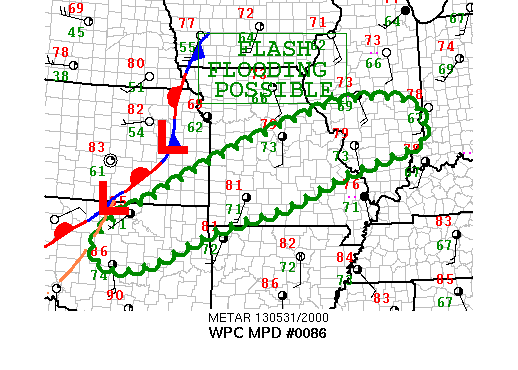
AREAS AFFECTED......SOUTHEAST KS AND NORTHEAST OK TO SOUTHERN MO
AND SOUTHERN IL...

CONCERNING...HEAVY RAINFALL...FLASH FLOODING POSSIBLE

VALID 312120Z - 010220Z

SUMMARY...TRAINING STORMS WITH A RISK OF FLASH FLOODING WILL OCCUR
IN SOUTHEAST KS AND CENTRAL MO AND EXPAND WITH TIME INTO SOUTHERN
IL AND FURTHER SOUTH INTO OK.

DISCUSSION...THUNDERSTORMS HAVE DEVELOPED IN CENTRAL MO TO
SOUTHEAST KS AS THE WEAKER CAP HAS BEEN BROKEN.  THE STRONGER CAP
IN THE 18Z NORMAN OK SOUNDING WILL MAKE IT TAKE LONGER FOR
ACTIVITY TO DEVELOP IN CENTRAL OK.

WINDS FIELDS ARE SUPPORTIVE OF FORWARD MOTION AS NEAR SFC
SOUTHERLY WINDS VEER TO SOUTHWEST AT 850 MB WITH DEEP LAYER
SOUTHWEST FLOW SUGGESTING PREDOMINANT SOUTHWEST TO NORTHEAST
MOTION.
ADDITIONAL DEVELOPMENT IS EXPECTED ALONG OUTFLOW BOUNDARIES
TOWARDS THE MOIST SOUTHERLY INFLOW AS SURFACE LOWER 70S DEWPOINTS
AND PRECIPITABLE WATER VALUES NEAR 1.5 INCHES AID STORM
DEVELOPMENT...IN ADDITION TO 700-500 MB LAPSE RATES NEAR 8 DEG
C/KM AND HIGH CAPES OF 3-5000 J/KG.

THE MODELS FORECAST COOLING OF 700 MB TEMPS THIS EVENING TO AID
BREAKING THE CENTRAL OK CAP.  THE ECMWF ALSO SHOWS A 300 MB JET
MAXIMA AND ASSOCIATED DIVERGENCE MAXIMA MOVING FROM WESTERN TO
CENTRAL OK 00-06Z THIS EVENING TO ASSIST IN PRODUCING ASCENT.
ALSO...THE ECMWF SHOWS A SEPARATE 700 MB SHORTWAVE ROTATING
TOWARDS THE BASE OF THE TROUGH LATER THIS EVENING...AIDING
DEVELOPMENT OF NEW  ACTIVITY OVER CENTRAL OK AND SPREADING
DOWNSTREAM FROM THERE.

THE ACTIVITY OVER THE NEXT SEVERAL HOURS ARE IN BETWEEN MINIMA IN
THE FLASH FLOOD GUIDANCE VALUES FURTHER NORTH IN MO AND FURTHER
SOUTH IN AR...WHERE ACTIVITY SHOULD OCCUR LATER TONIGHT OR EARLY
SAT. 1-2 INCHES OF RAIN PER HOUR IS EXPECTED WITH FLOODING
POSSIBLE WHERE LOCAL TRAINING ALLOWS ACTIVITY TO LAST A COUPLE OF
HOURS.